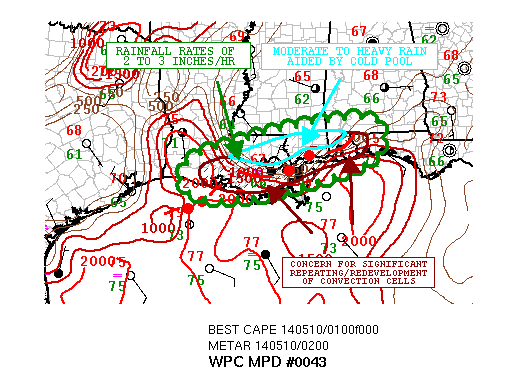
AREAS AFFECTED...SOUTHERN LA...SOUTHERN MS...SOUTWEST AL...EXTREME
WESTERN FL

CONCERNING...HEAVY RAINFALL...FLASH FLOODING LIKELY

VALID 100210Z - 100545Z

SUMMARY...PERSISTENT BAND OF VERY HEAVY RAIN AND THUNDERSTORMS
WILL CONTINUE THE NEXT FEW HOURS...WITH CONCERN FOR LOCALLY
SIGNIFICANT REPEATING OF CONVECTIVE CELLS FOSTERING AN ELEVATED
RISK OF FLASH FLOODING.

DISCUSSION...LATEST RADAR AND SAT TRENDS SHOW A PERSISTENT BAND OF
HEAVY RAIN WITH EMBEDDED STRONGER THUNDERSTORMS IMPACTING PORTIONS
OF SOUTHERN LA AND EXTENDING ENEWD ALL THE WAY INTO THE FAR WRN FL
PANHANDLE. THERE ARE BREAKS WITHIN THE CONVECTIVE BAND...BUT THE
LATEST IR SAT IMAGERY SHOWS SOME COOLING OF CLOUD TOPS JUST
OFFSHORE SRN LA AND OVER COASTAL AREAS OF MS AND AL WHERE INTENSE
RAINFALL AMTS HAVE ALREADY BEEN REPORTED.

A VERY HIGH AMT OF MOISTURE IN THE VERTICAL COLUMN AS PER 00Z RAOB
AT LIX WITH A PWAT OF 2.16 INCHES WILL SUPPORT INTENSE RAINFALL
RATES...AND GIVEN THE DEEP WARM NATURE OF THE COLUMN...SOME
RAINFALL RATES COULD APPROACH 3 INCHES/HR AT LEAST LOCALLY AND ESP
WITH THE COOLING OF CLOUD TOPS SEEN. THE LATEST RAP ANALYSIS SHOWS
THE BEST INSTABILITY POOLED OVER THE NORTHERN GULF OF MEXICO...BUT
THE HI-RES MODELS SUPPORT A PERSISTENT AND STEADY LOW LVL SRLY
FEED OF 20 TO 25 KTS...WHICH WITH SBCAPE VALUES JUST OFFSHORE OF
NEAR 2000 J/KG AND PWATS AOA 2 INCHES SHOULD SUPPORT A SUSTAINABLE
BAND OF CONVECTION OVER THE NEXT FEW HRS WITH CELL REDEVELOPMENT
ESP NOTED ALONG THE LEADING EDGE OF A WELL-DEFINED COLD POOL. OVER
THE COLD POOL AREA...ADDITIONAL MDT TO HVY RAINS WILL CONTINUE AND
WILL IMPACT AREAS ALREADY AFFECTED BY HVY RAINS.

THE LATEST HI-RES MODELS...INCLUDING THE 18Z NAM-CONEST...12Z
HRW-ARW AND 12Z HRW-NMM SUGGEST VERY HVY RAINFALL POTENTIAL
THROUGH 06Z...WITH ADDITIONAL RAINFALL AMOUNTS OF 3 TO 6 INCHES
POSSIBLE. GIVEN EARLY RAINS...THE THREAT FOR FLASH FLOODING IS
ELEVATED.